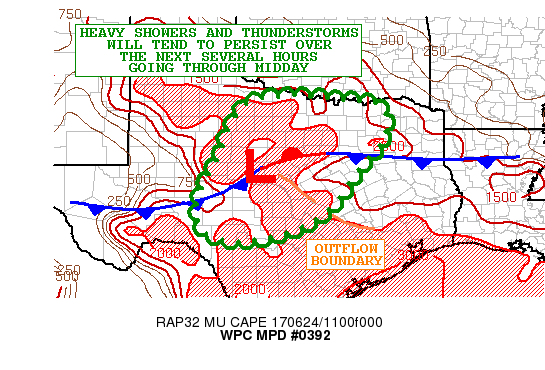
AREAS AFFECTED...NORTHERN/CENTRAL TX

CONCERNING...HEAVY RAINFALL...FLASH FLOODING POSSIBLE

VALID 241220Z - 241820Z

SUMMARY...HEAVY SHOWERS AND THUNDERSTORMS WITH EXTREMELY HEAVY
RAINFALL RATES WILL TEND TO PERSIST FOR AT LEAST A COUPLE MORE
HOURS. SOME LOCALIZED FLASH FLOODING IS POSSIBLE.

DISCUSSION...EXPERIMENTAL GOES-16 10.3 MICRON/IR IMAGERY SHOWS
SOME IMPRESSIVELY COLD CONVECTIVE TOPS THIS MORNING OVER NORTHERN
TX AND DROPPING GRADUALLY SOUTH TOWARD THE TX HILL COUNTRY. SOME
OF THE COLDEST TOPS ARE OVER EASTLAND...ERATH AND COMMANCHE
COUNTIES...WHERE A COUPLE OF OVERSHOOTING TOPS HAVE PUSHED CLOUD
TOP TEMPS DOWN TO BELOW -80C. THE CONVECTION IS ASSOCIATED WITH
THE SOUTHWARD ADVANCE OF A COLD FRONT INTO A VERY MOIST AND
UNSTABLE AIRMASS OUT AHEAD OF IT AND IS BEING FOCUSED ALSO RATHER
CLOSE TO A WAVE OF LOW PRESSURE. THERE ARE ALSO MULTIPLE OUTFLOW
BOUNDARIES PUSHING SOUTH AND EVEN SOUTHWEST AHEAD OF THE SYNOPTIC
BOUNDARY.

THE UPPER LEVEL FLOW IS RATHER DIFFLUENT OVER THE REGION AND WITH
AS MUCH AS 2000 J/KG OF MUCAPE STILL POOLED OUT ACROSS THE TX HILL
COUNTRY...THE CONVECTION SHOULD TEND TO PERSIST STILL FOR A WHILE
AND GRADUALLY SETTLE FARTHER SOUTH. AREAS FARTHER NORTH ESPECIALLY
OVER NORTHERN TX WHERE THERE HAVE ALREADY BEEN SOME HEAVY RAIN
WILL STILL SOME MODERATE TO LOCALLY HEAVY STRATIFORM RAIN...ALONG
WITH SOME EMBEDDED CONVECTIVE ELEMENTS WITH HEAVIER RAINFALL RATES.

PWATS ARE GENERALLY BETWEEN 1.75 AND 2 INCHES WHICH IS
FACILITATING RATHER EFFICIENT RAINFALL PROCESSES FOR HEAVIER
RATES. THIS COUPLED WITH A FEW OVERSHOOTING TOPS WILL LIKELY PUSH
RAINFALL RATES UP TO BETWEEN 2.5 AND 3 INCHES/HR. IN FACT...THE
WACO AIRPORT ASOS MEASURED 2.88 IN ONE HOUR ENDING AT 10Z.

THE LATEST HRRR/HRRRX GUIDANCE SUPPORTS SOME IMPRESSIVELY HIGH
RAINFALL TOTALS BETWEEN THE 12Z AND 18Z TIME FRAME...WITH AMOUNTS
UP TO 3 TO 6 INCHES. THE HEAVIEST TOTALS SHOULD TEND TO BE DOWN
ACROSS THE TX HILL COUNTRY WHERE THE COLDEST CONVECTIVE TOPS AND
ORGANIZATION SHOULD FOCUS OVER THE NEXT FEW HOURS. SOME FLASH
FLOODING WILL BE POSSIBLE GIVEN THE THESE TOTALS AND ESPECIALLY
WITH SUCH INTENSE RAIN RATES.